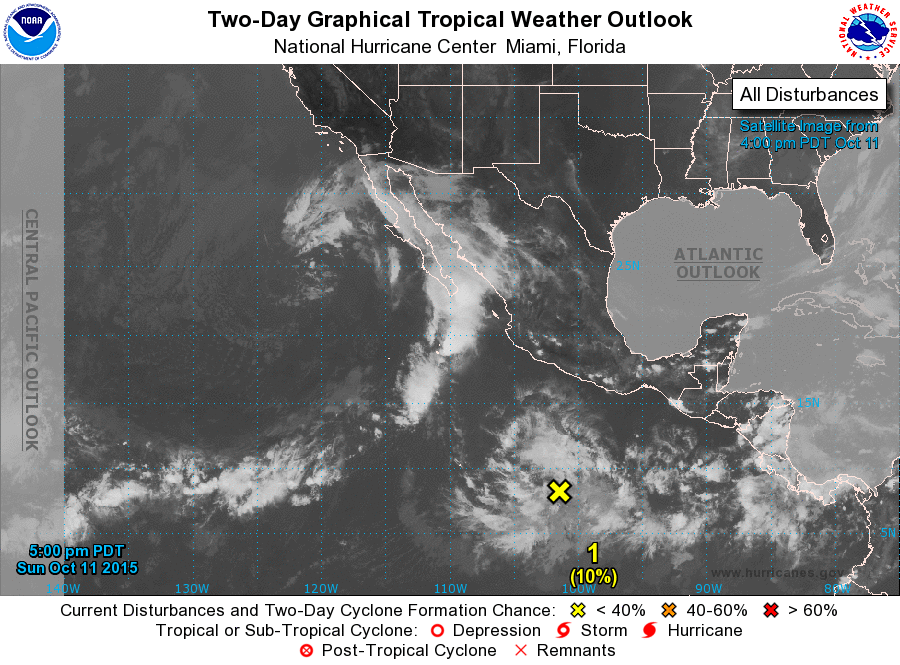
For the eastern North Pacific...east of 140 degrees west longitude:

1. Showers and thunderstorms associated with a broad area of low pressure located about 600 miles south of Acapulco, Mexico, have changed little in organization since yesterday. Environmental conditions are expected to be conducive for slow development, and a tropical depression is likely to form by late this week while this system moves westward at 10 to 15 mph.
* Formation chance through 48 hours...low...10 percent
* Formation chance through 5 days...high...70 percent

Forecaster Berg